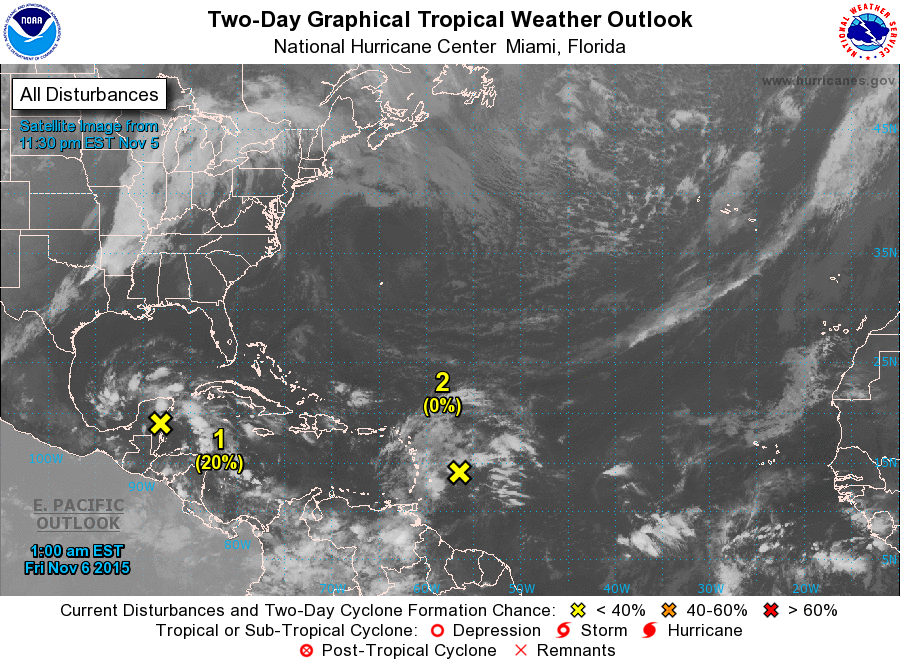
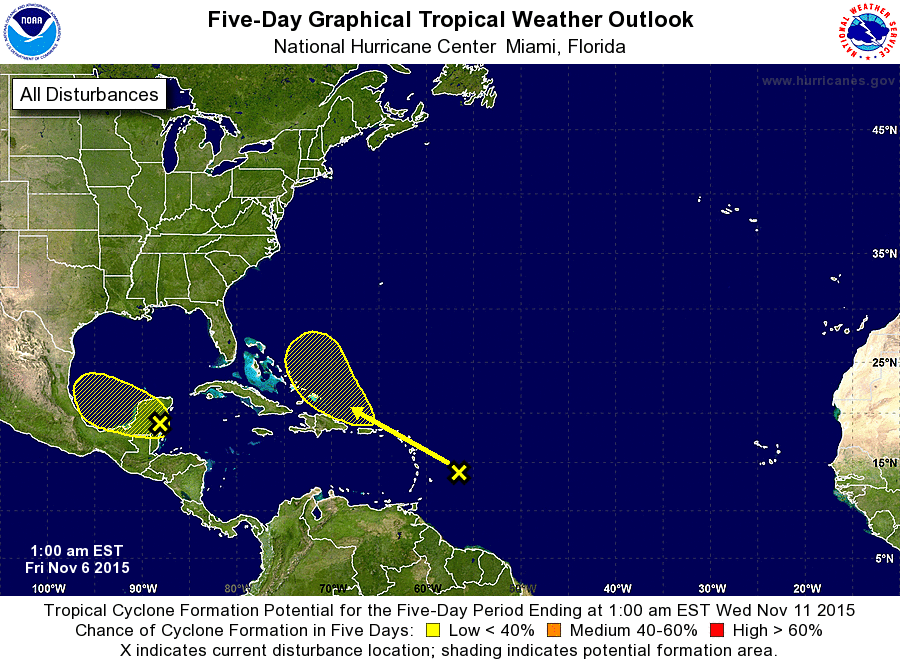
For the North Atlantic...Caribbean Sea and the Gulf of Mexico:

1. A broad area of low pressure over the Yucatan Peninsula is producing some disorganized showers well northeast of the center. This system is expected to move west-northwestward into the southwestern Gulf of Mexico by the weekend and some slow development is possible during the next couple of days. After that time, the low is expected to encounter a cold front, which would make additional development unlikely.
* Formation chance through 48 hours...low...20 percent
* Formation chance through 5 days...low...20 percent

2. A large area of cloudiness and showers near the Lesser Antilles extending eastward for several hundred miles is associated with the interaction of an upper-level trough and a tropical wave. Although upper-level winds are forecast to be too strong for development over the next couple of days, heavy rain is possible in the Lesser Antilles while the system moves through the area. By late in the weekend, when the system is forecast to be near or north of Puerto Rico, environmental conditions are forecast to become more favorable, and some development of the disturbance is possible early next week while it moves northwestward.
* Formation chance through 48 hours...low...near 0 percent
* Formation chance through 5 days...low...30 percent

Forecaster Blake